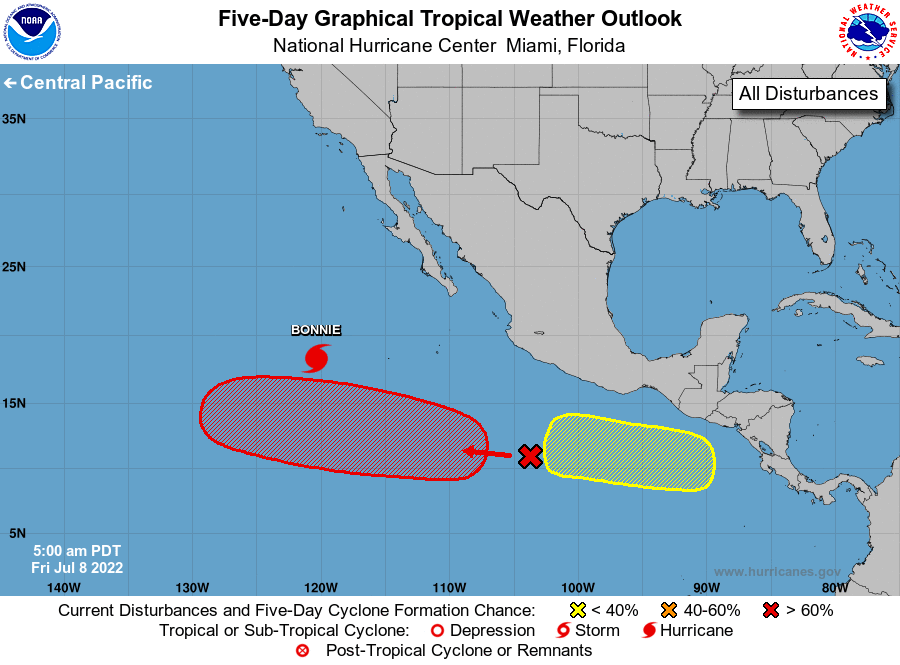
For the eastern North Pacific...east of 140 degrees west longitude:

Active Systems: The National Hurricane Center is issuing advisories on Hurricane Bonnie, located several hundred miles west-southwest of the southern tip of the Baja California peninsula.

1. Offshore of Southwestern Mexico: A tropical wave located several hundred miles south of the southwestern coast of Mexico continues to produce a large area of disorganized showers and thunderstorms. Environmental conditions are expected to be conducive for gradual development, and a tropical depression is likely to form well southwest of the southwestern coast of Mexico over the weekend or early next week while the disturbance moves westward or west-northwestward at about 15 mph.
* Formation chance through 48 hours...low...30 percent.
* Formation chance through 5 days...high...70 percent.

2. South of Central America: A low pressure area is expected to form by early next week south of the coast of Central America. Environmental conditions are expected to be conducive for gradual development of this system next week while it moves generally westward.
* Formation chance through 48 hours...low...near 0 percent.
* Formation chance through 5 days...low...20 percent.

Forecaster Roberts